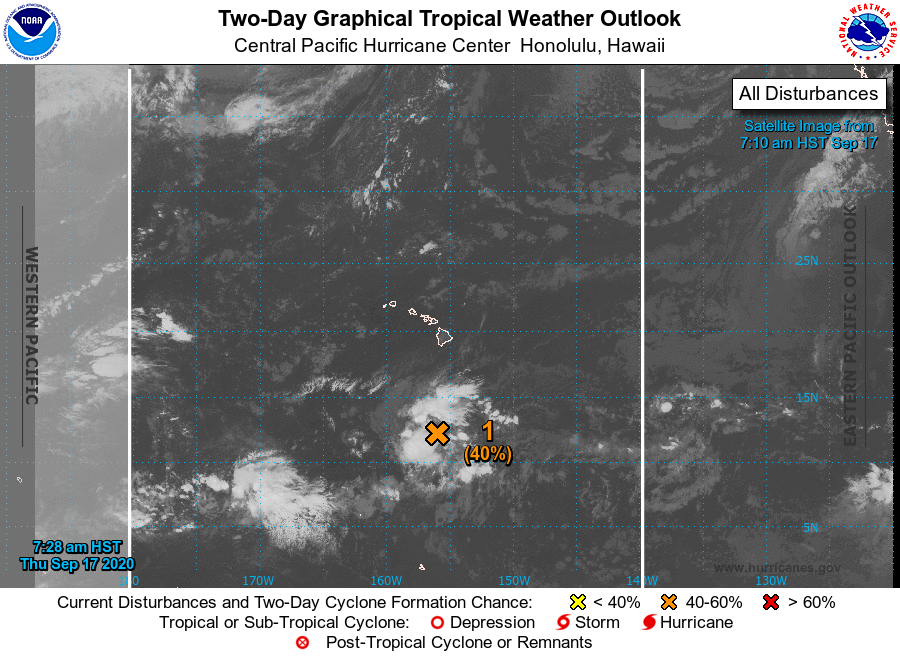
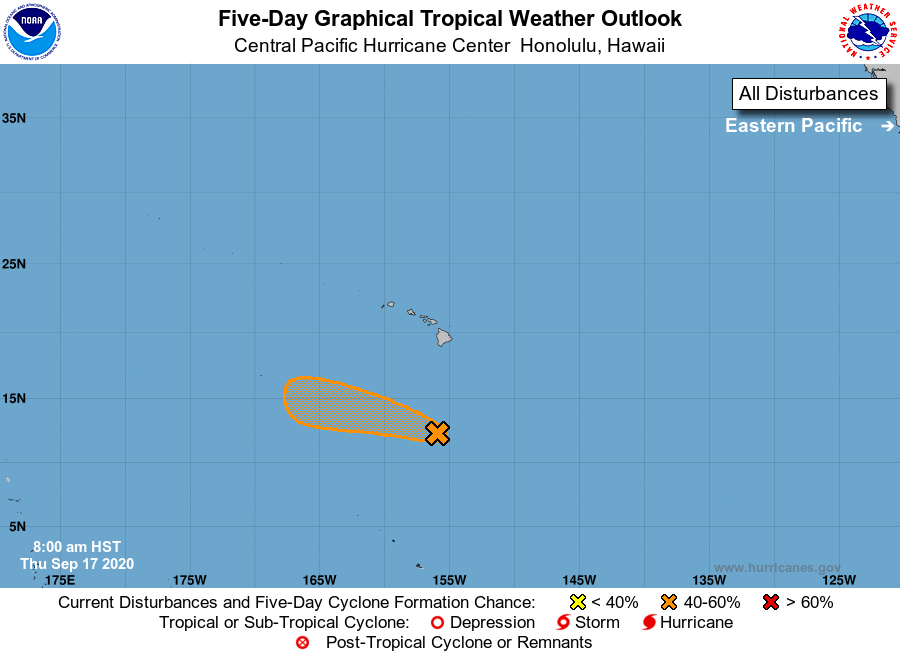
For the central North Pacific...between 140W and 180W:

1. Shower and thunderstorm activity associated with an elongated area of low pressure around 500 miles south-southwest of Hilo, Hawaii, have not changed significantly over the last several hours. Environmental conditions will be marginally conducive for development today as the system moves west-northwestward at 10 to 15 mph. Conditions will become hostile and chances for development will decrease tonight through the weekend.
* Formation chance through 48 hours...medium...40 percent.
* Formation chance through 5 days...medium...40 percent.

Elsewhere, no tropical cyclones are expected during the next 5 days.

Forecaster Kodama